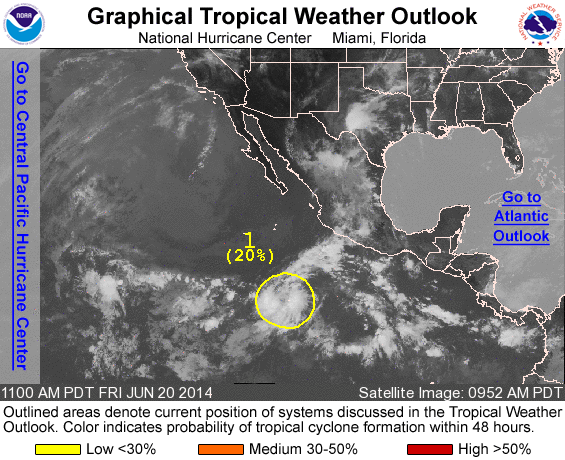
For the eastern North Pacific...east of 140 degrees west longitude:

1. Shower and thunderstorm activity has increased in association with a broad area of low pressure located about 750 miles south-southwest of Manzanillo, Mexico. However, upper-level winds are expected to become less favorable for development during the next couple of days while the system begins to move northward at 5 to 10 mph.
* Formation chance through 48 hours...low...20 percent.
* Formation chance through 5 days...low...20 percent.

Forecaster Brennan